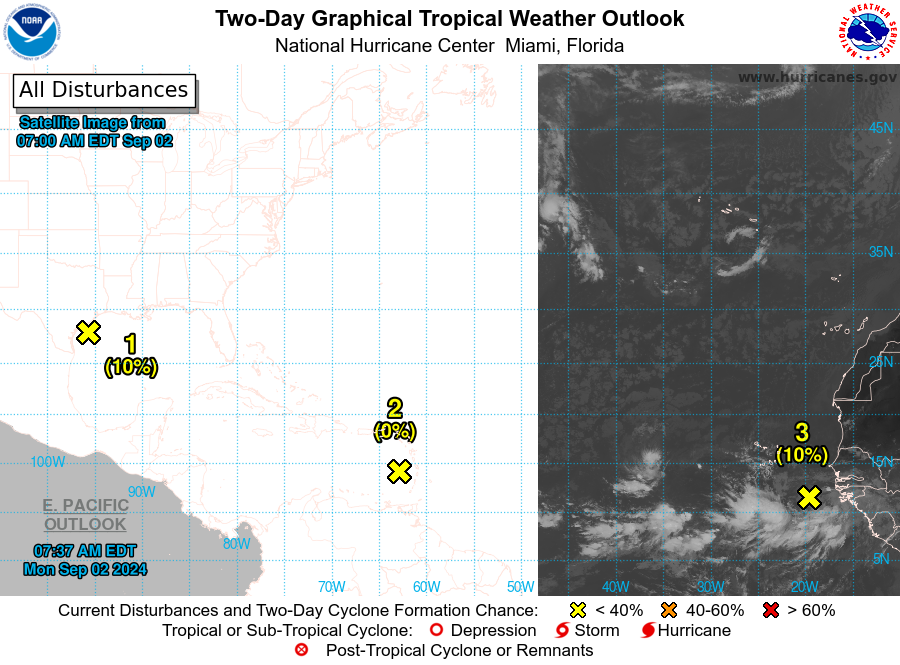
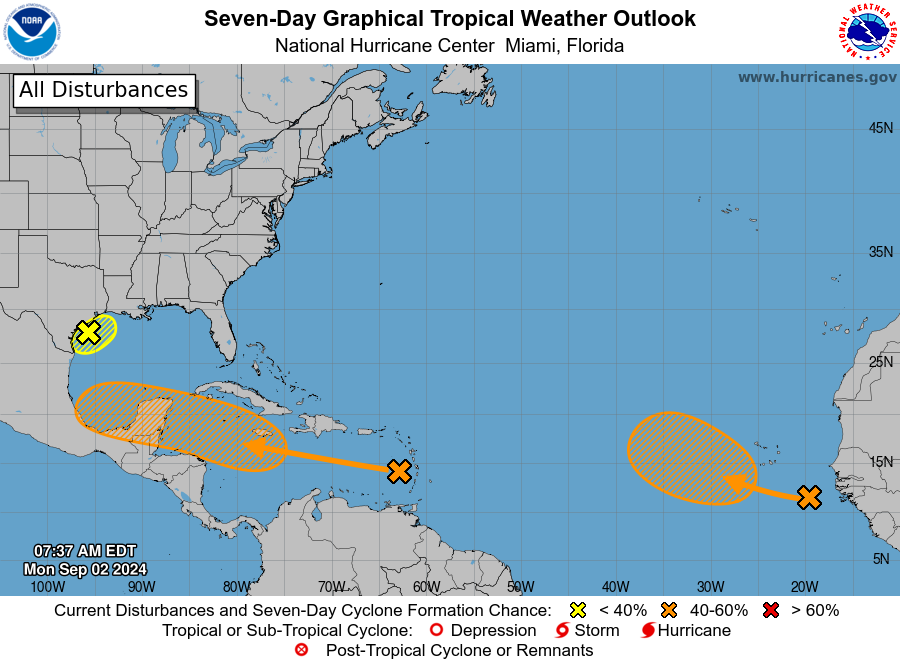
For the North Atlantic...Caribbean Sea and the Gulf of Mexico:

1. Northwestern Gulf of Mexico: A broad and weak area of low pressure just offshore of the middle Texas coast continues to produce some disorganized shower activity along portions of the coast of Texas and over the adjacent waters of the northwestern Gulf of Mexico. This system is expected to meander for another day or so, and some slow development is possible if it remains offshore. On Tuesday, the low is forecast to move inland, and further development is not expected. Regardless, heavy rains could cause some flash flooding across portions of the Texas coast during the next couple of days.
* Formation chance through 48 hours...low...10 percent.
* Formation chance through 7 days...low...10 percent.

2. Near the Lesser Antilles and Caribbean Sea: A tropical wave is producing disorganized thunderstorms and gusty winds across portions of the Lesser Antilles, Puerto Rico, and over the adjacent eastern Caribbean waters. Environmental conditions are forecast to become more conducive for development when the system reaches the western Caribbean Sea and southwestern Gulf of Mexico late this week and over the weekend, and a tropical depression could form during that time.
* Formation chance through 48 hours...low...near 0 percent.
* Formation chance through 7 days...medium...40 percent.

3. Eastern Tropical Atlantic Ocean: A tropical wave just offshore of the west coast of Africa is producing disorganized showers and thunderstorms. Environmental conditions are forecast to gradually become more conducive for development, and a tropical depression could form in a few days while the disturbance moves slowly west-northwestward or northwestward over the eastern tropical Atlantic Ocean. This system could produce areas of heavy rain and gusty winds across portions of the Cabo Verde Islands in a day or two.
* Formation chance through 48 hours...low...10 percent.
* Formation chance through 7 days...medium...40 percent.

Forecaster Cangialosi